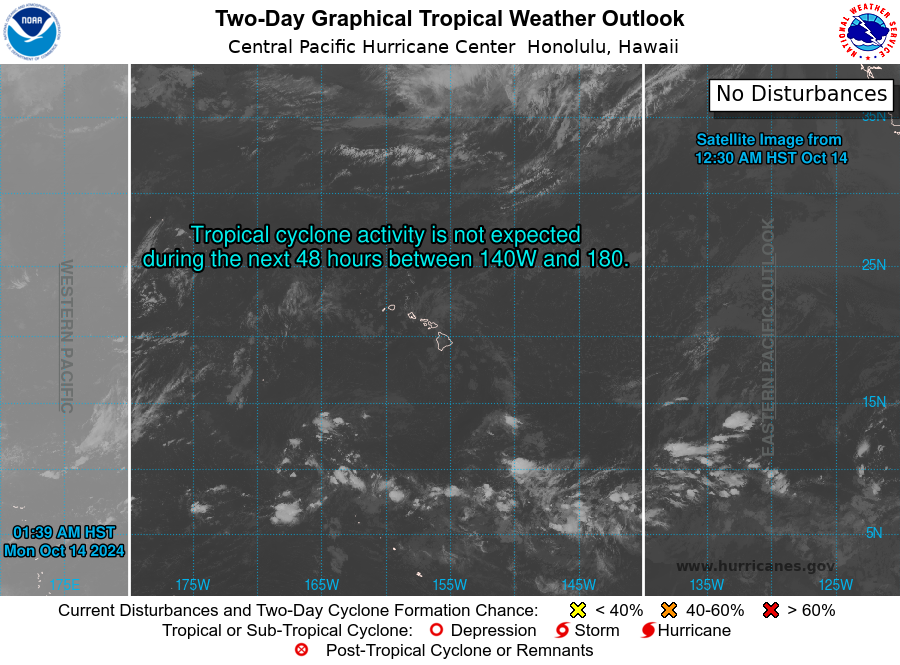
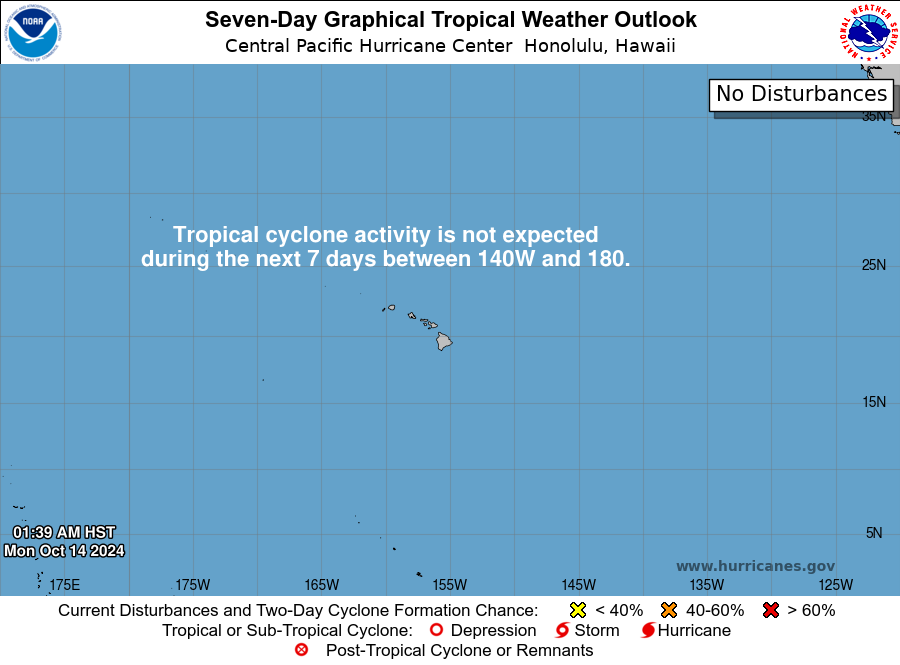
For the central North Pacific...between 140W and 180W:

No tropical cyclones are expected during the next 7 days.

Forecaster Shigesato